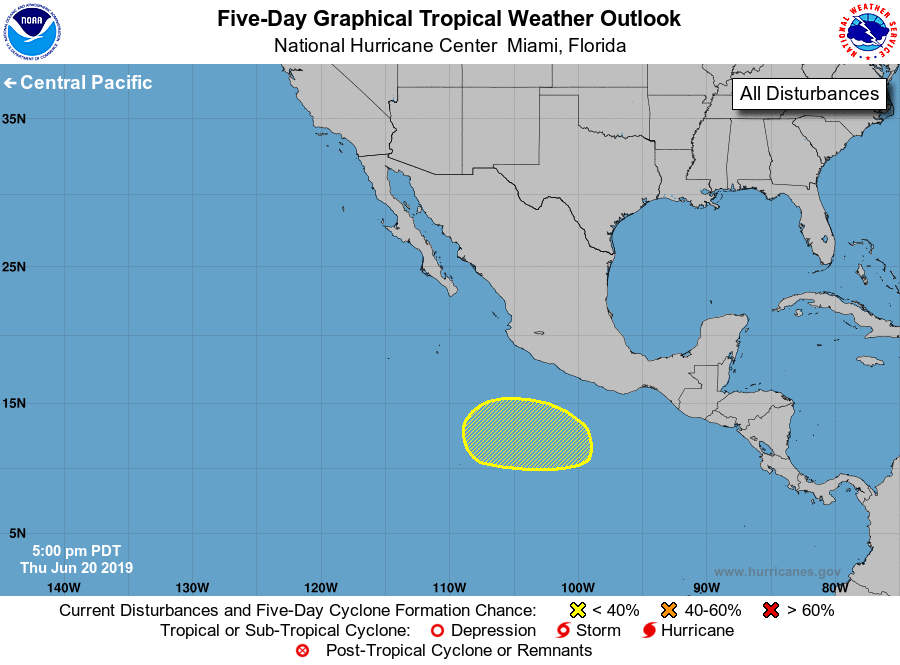
For the eastern North Pacific...east of 140 degrees west longitude:

1. An area of low pressure is expected to form a few hundred miles south of the southwestern coast of Mexico in a few days. Environmental conditions could support gradual development of this system while it moves west-northwestward through early next week.
* Formation chance through 48 hours...low...near 0 percent.
* Formation chance through 5 days...low...30 percent.

Forecaster Zelinsky